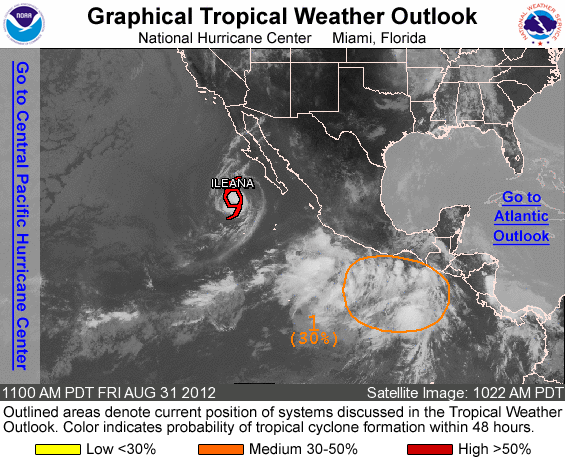
FOR THE EASTERN NORTH PACIFIC...EAST OF 140 DEGREES WEST LONGITUDE..

THE NATIONAL HURRICANE CENTER IS ISSUING ADVISORIES ON HURRICANE ILEANA...LOCATED ABOUT 355 MILES WEST OF THE SOUTHERN TIP OF BAJA CALIFORNIA MEXICO.

1. AN ELONGATED TROUGH OF LOW PRESSURE IS PRODUCING A LARGE AREA OF DISORGANIZED SHOWERS AND THUNDERSTORMS EXTENDING SEVERAL HUNDRED MILES OFFSHORE OF THE COAST OF SOUTHERN MEXICO AND CENTRAL AMERICA. UPPER-LEVEL WINDS ARE EXPECTED TO BE MARGINALLY CONDUCIVE FOR DEVELOPMENT...AND THIS SYSTEM HAS A MEDIUM CHANCE...30 PERCENT...OF BECOMING A TROPICAL CYCLONE DURING THE NEXT 48 HOURS AS IT MOVES WEST-NORTHWESTWARD AT AROUND 15 MPH.

ELSEWHERE...TROPICAL CYCLONE FORMATION IS NOT EXPECTED DURING THE NEXT 48 HOURS.

FORECASTER BLAKE